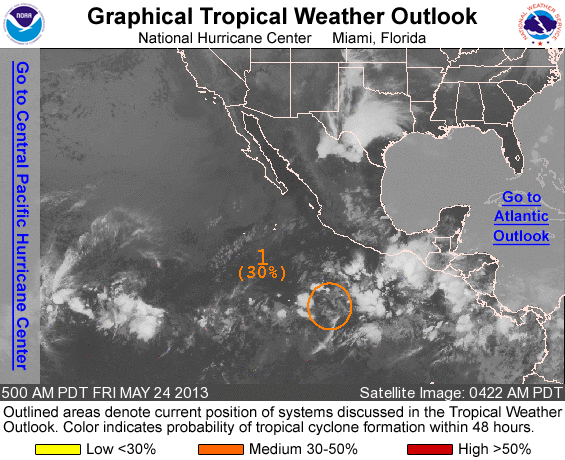
FOR THE EASTERN NORTH PACIFIC...EAST OF 140 DEGREES WEST LONGITUDE..

1. A SURFACE TROUGH OF LOW PRESSURE CONTINUES TO PRODUCE DISORGANIZED SHOWERS AND THUNDERSTORMS ABOUT 550 MILES SOUTH-SOUTHWEST OF ACAPULCO MEXICO. HOWEVER...SOME GRADUAL DEVELOPMENT IS STILL POSSIBLE OVER THE NEXT FEW DAYS AS THE DISTURBANCE MOVES WESTWARD AT ABOUT 10 MPH. THIS SYSTEM HAS A MEDIUM CHANCE...30 PERCENT...OF BECOMING A TROPICAL CYCLONE DURING THE NEXT 48 HOURS.

ELSEWHERE...TROPICAL CYCLONE FORMATION IS NOT EXPECTED DURING THE NEXT 48 HOURS.

FORECASTER STEWART